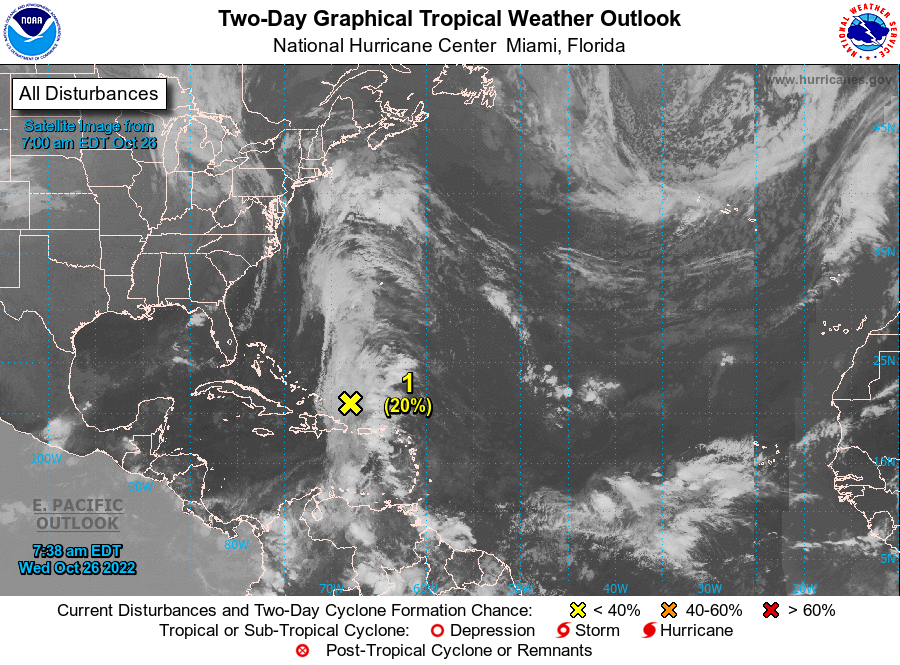
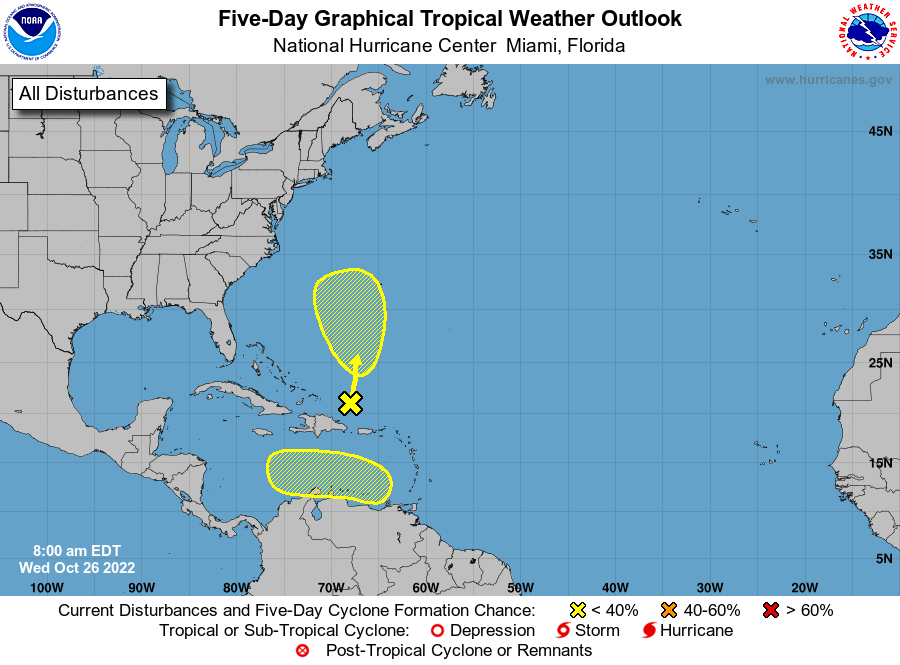
For the North Atlantic...Caribbean Sea and the Gulf of Mexico:

1. Southwestern Atlantic: A trough of low pressure stretching from the central Caribbean northward to the southwestern Atlantic continues to produce a broad area of disorganized showers and thunderstorms. Environmental conditions appear conducive for some gradual subtropical development of this system over the next few days while it drifts northward. The system is then forecast to meander over the subtropical western Atlantic to the west or southwest of Bermuda. Upper-level winds are forecast to become less conducive for development by the end of the weekend.
* Formation chance through 48 hours...low...20 percent.
* Formation chance through 5 days...low...30 percent.

2. Eastern Caribbean: An area of low pressure could form over the eastern Caribbean Sea this weekend. Environmental conditions are forecast to be conducive for gradual development as the disturbance moves generally westward or west-northwestward into the central Caribbean early next week.
* Formation chance through 48 hours...low...near 0 percent.
* Formation chance through 5 days...low...30 percent.

Forecaster Hagen/Reinhart